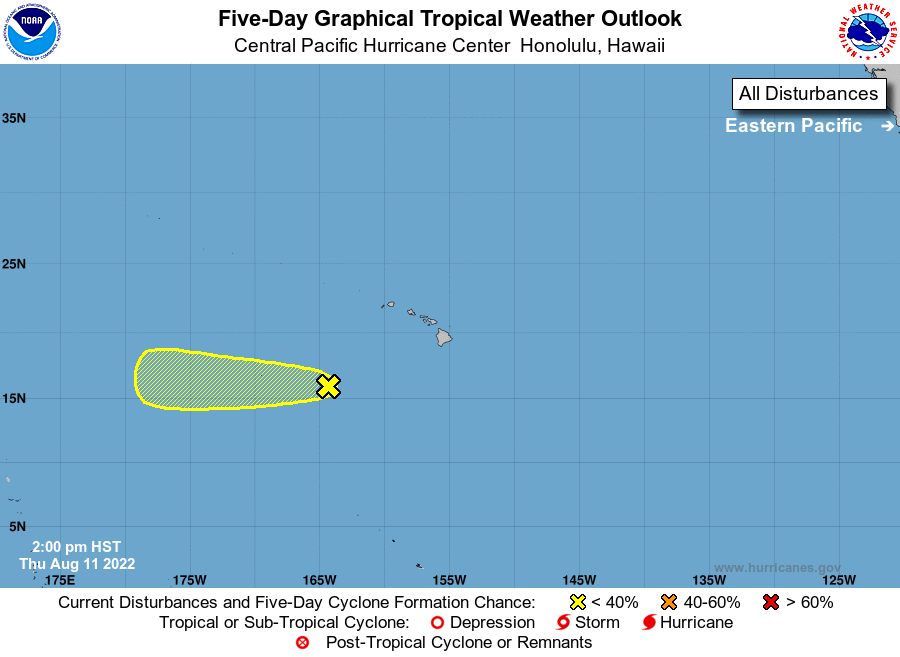
For the central North Pacific...between 140W and 180W:

1. Well southwest of the main Hawaiian Islands: An area of low pressure located several hundred miles southwest of the main Hawaiian Islands continues to generate disorganized showers and thunderstorms. Environmental conditions are marginally conducive for some gradual development over the next couple of days as the system moves steadily toward the west. The disturbance is expected to move into an environment that is less conducive for development late this weekend as it moves out of the central Pacific basin.
* Formation chance through 48 hours...low...10 percent.
* Formation chance through 5 days...low...20 percent.

Elsewhere, no tropical cyclones are expected during the next 5 days.

Forecaster Birchard